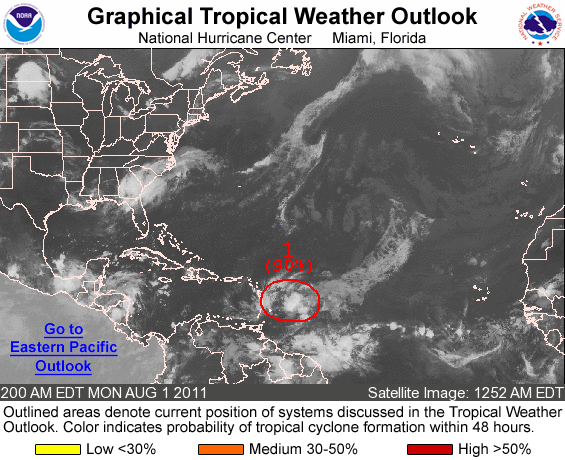
FOR THE NORTH ATLANTIC...CARIBBEAN SEA AND THE GULF OF MEXICO...

1. AN ELONGATED AREA OF LOW PRESSURE EXTENDING FROM THE LESSER ANTILLES EASTWARD SEVERAL HUNDRED MILES INTO THE TROPICAL ATLANTIC OCEAN IS PRODUCING A LARGE AREA OF CLOUDINESS...SHOWERS...AND THUNDERSTORMS. THE THUNDERSTORM ACTIVITY HAS BECOME MORE CONCENTRATED ABOUT 350 MILES EAST OF MARTINIQUE...AND A TROPICAL DEPRESSION OR A TROPICAL STORM COULD FORM IN THIS AREA LATER TODAY. THIS SYSTEM HAS A HIGH CHANCE...90 PERCENT...OF BECOMING A TROPICAL CYCLONE DURING THE NEXT 48 HOURS AS IT MOVES WEST-NORTHWESTWARD AT AROUND 15 MPH. IF THE SYSTEM BECOMES A TROPICAL CYCLONE TODAY...TROPICAL STORM WARNINGS WOULD BE ISSUED FOR PORTIONS OF THE NORTHERN WINDWARD ISLANDS AND THE LEEWARD ISLANDS ON VERY SHORT NOTICE...AND INTERESTS IN THESE AREAS SHOULD CLOSELY MONITOR THE PROGRESS OF THIS SYSTEM. A HURRICANE HUNTER AIRCRAFT IS SCHEDULED TO INVESTIGATE THE AREA THIS MORNING. REGARDLESS OF TROPICAL CYCLONE FORMATION...THIS SYSTEM WILL BRING LOCALLY HEAVY RAINFALL AND GUSTY WINDS TO PORTIONS OF THE LESSER ANTILLES TODAY AND TONIGHT.

ELSEWHERE...TROPICAL CYCLONE FORMATION IS NOT EXPECTED DURING THE NEXT 48 HOURS.

FORECASTER PASCH